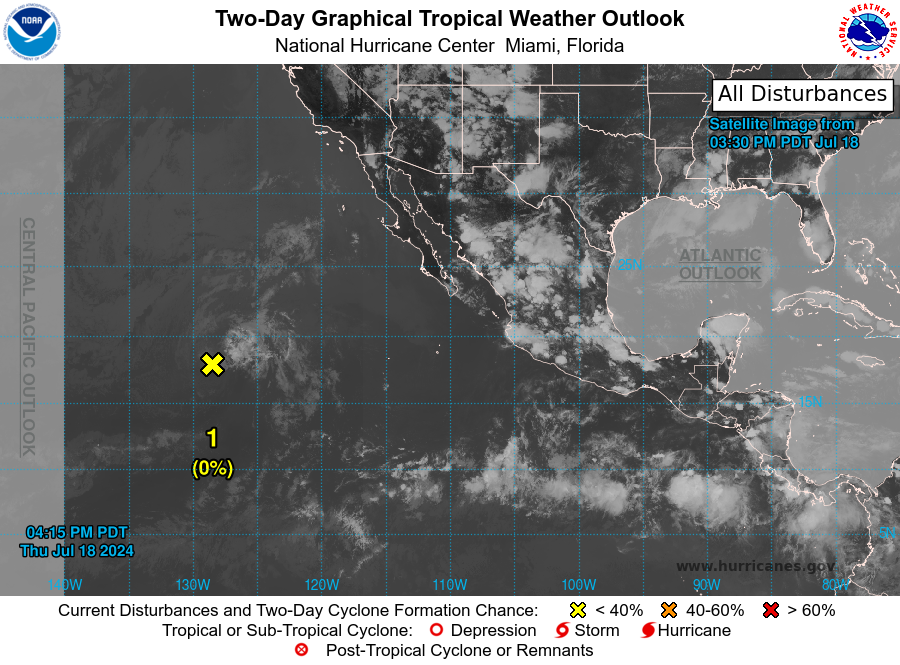
For the eastern North Pacific...east of 140 degrees west longitude:

1. Western East Pacific (EP92): Shower activity has diminished with a broad area of low pressure located more than one thousand miles west-southwest of the southern tip of the Baja California peninsula. The system is now fully embedded in unfavorable environmental conditions, and development is no longer expected as the low moves generally westward across the western part of the basin.
* Formation chance through 48 hours...low...near 0 percent.
* Formation chance through 7 days...low...near 0 percent.

2. South of Southern Mexico: An area of low pressure could form by early next week a few hundred miles south of the coast of southern Mexico. Thereafter, some slow development of this system is possible through the middle of next week while it moves westward to west-northwestward at 10 to 15 mph.
* Formation chance through 48 hours...low...near 0 percent.
* Formation chance through 7 days...low...20 percent.

Forecaster Papin